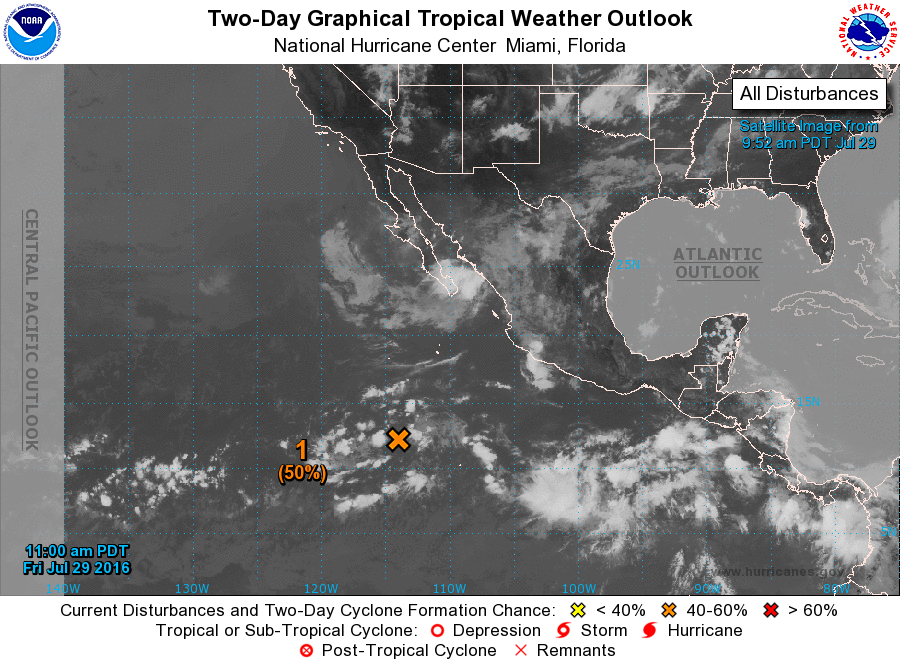
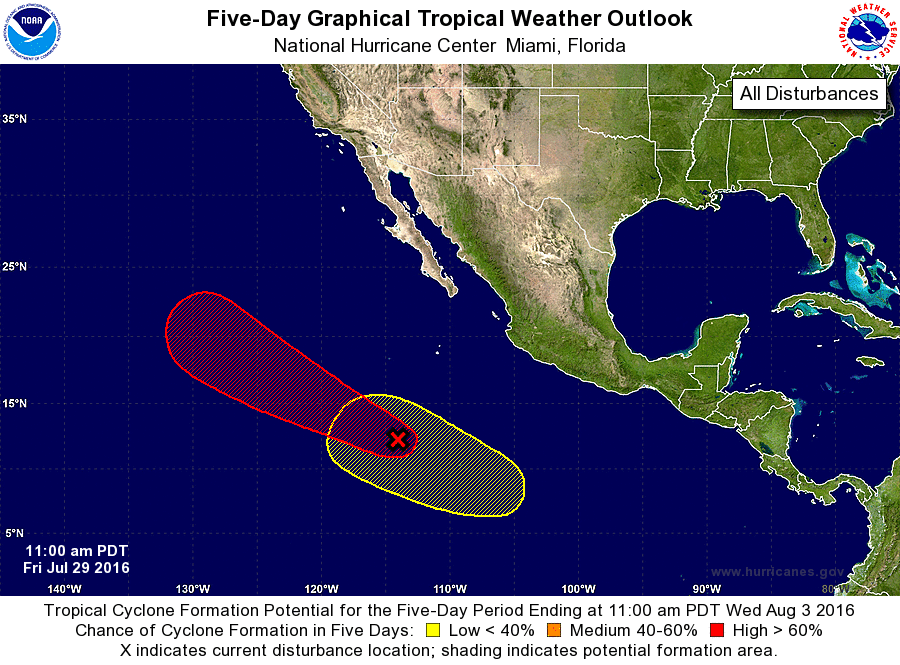
For the eastern North Pacific...east of 140 degrees west longitude:

1. Showers and thunderstorms associated with a broad and elongated area of low pressure located about 800 miles south-southwest of the southern tip of the Baja California peninsula have changed little in organization since yesterday. However, upper-level winds are expected to become more conducive for development, and a tropical depression is likely to form over the weekend or early next week while the low moves west-northwestward at 10 to 15 mph.
* Formation chance through 48 hours...medium...50 percent
* Formation chance through 5 days...high...80 percent

2. An area of low pressure is expected to form in a couple of days several hundred miles south of Mexico. Some development of this system is possible by early next week while it moves west-northwestward away from the coast of Mexico.
* Formation chance through 48 hours...low...near 0 percent
* Formation chance through 5 days...low...20 percent

Forecaster Cangialosi